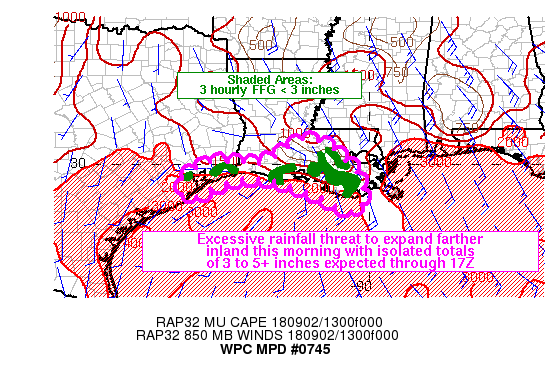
Areas affected......South-Central to Southwest Louisiana...Upper
Texas Coast...

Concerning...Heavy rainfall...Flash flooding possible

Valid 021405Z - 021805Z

Summary...Expanding area of convection within a highly favorable
thermodynamic environment north of a weak offshore low will lead
to spotty 2+ inch/hour rainfall rates this morning.

Discussion...The latest GOES-16 IR satellite imagery depicts a
concentrated area of cloud top cooling (deepening convection)
around a low pressure system centered offshore south of Lake
Charles. The thermodynamic environment is optimal for efficient
warm rain processes and high rainfall rates, as MUCAPES average
between 1000-2000 j/kg within a favorably deep moisture profile
(PWs over 2.25") per the observed 12Z RAOBs and latest SPC
mesoanalysis.

Helping to focus and maintain plumes of convection will be the
enhanced low-level inflow (20-25 kts at 925-850 mb) initially east
of the low-level circulation, pivoting westward toward the upper
Texas coast north of the low. This will maintain robust low-level
moisture transport, while also lead to back-building and training
of convection as the Corfidi vectors oppose the direction of the
low-level inflow. The one inhibitor to the flash flood threat
however is the absence of an inland frontal zone, which would help
to sustain the moisture convergence and strongest convection over
the same area for a more prolonged period of time.

Nevertheless, the deep warm cloud layer (wet bulb freezing levels
above 15kft per the 12Z KLIX and KLCH RAOBs), along with PWs
between 2.25-2.5" will continue to foster highly-efficient
rainfall rates -- likely exceeding 2"/hour within the strongest
and more persistent rain bands. Hourly FFG values are generally
above 2.5" initially, with 3 hourly FFGs over 3". The latest
mesoscale guidance, especially recent HRRR runs, indicate areas of
2+ inches/hour and 3-5+ inches within 3 hours within the outlook
area. This will lead to an enhancing flash flood threat toward
midday as the soils become more saturated with time.